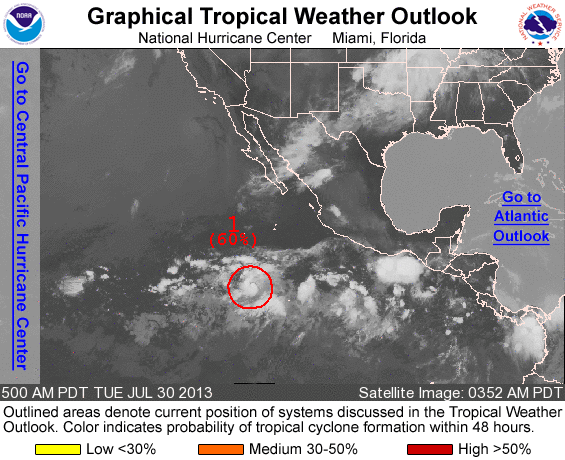
FOR THE EASTERN NORTH PACIFIC...EAST OF 140 DEGREES WEST LONGITUDE..

1. SATELLITE IMAGES INDICATE THAT THE SHOWER ACTIVITY ASSOCIATED WITH A LOW PRESSURE SYSTEM LOCATED ABOUT 785 MILES SOUTH-SOUTHWEST OF THE SOUTHERN TIP OF THE BAJA CALIFORNIA PENINSULA HAS BECOME BETTER ORGANIZED DURING THE PAST SEVERAL HOURS...AND A TROPICAL DEPRESSION COULD BE FORMING. ENVIRONMENTAL CONDITIONS ARE CONDUCIVE FOR DEVELOPMENT OVER THE NEXT COUPLE OF DAYS AS THE DISTURBANCE MOVES WEST-NORTHWESTWARD AT 10 TO 15 MPH. THIS SYSTEM HAS A HIGH CHANCE...60 PERCENT...OF BECOMING A TROPICAL CYCLONE DURING THE NEXT 48 HOURS.

ELSEWHERE...TROPICAL CYCLONE FORMATION IS NOT EXPECTED DURING THE NEXT 48 HOURS.

FORECASTER AVILA